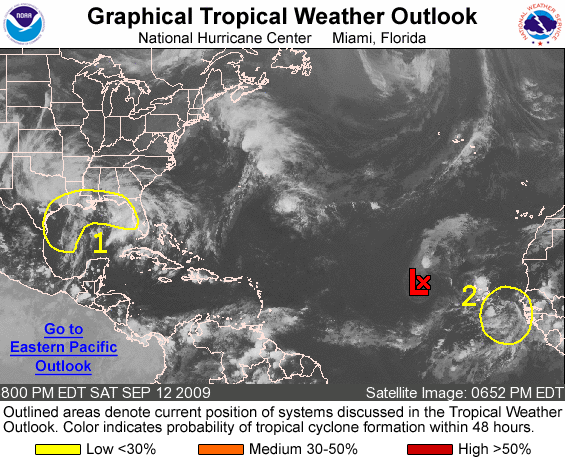
FOR THE NORTH ATLANTIC...CARIBBEAN SEA AND THE GULF OF MEXICO...

THE NATIONAL HURRICANE CENTER HAS ISSUED THE LAST ADVISORY ON FRED...WHICH IS LOCATED ABOUT 650 MILES WEST-NORTHWEST OF THE CAPE VERDE ISLANDS. ADDITIONAL INFORMATION ON THE REMNANTS OF FRED CAN BE FOUND IN HIGH SEAS FORECASTS ISSUED BY THE NATIONAL WEATHER SERVICE...UNDER AWIPS HEADER NFDHSFAT1 AND WMO HEADER FZNT01 KWBC.

1. A NON-TROPICAL AREA OF LOW PRESSURE OVER THE NORTHWESTERN GULF OF MEXICO IS MOVING SLOWLY NORTH-NORTHEASTWARD AND PRODUCING A LARGE AREA OF DISORGANIZED SHOWERS AND THUNDERSTORMS ALONG MUCH OF THE NORTHERN GULF COAST. ENVIRONMENTAL CONDITIONS ARE NOT CONDUCIVE FOR TROPICAL CYCLONE DEVELOPMENT...AND THERE IS A LOW CHANCE...LESS THAN 30 PERCENT...OF THIS SYSTEM BECOMING A TROPICAL CYCLONE DURING THE NEXT 48 HOURS. HOWEVER...THIS SYSTEM IS EXPECTED TO BRING LOCALLY HEAVY RAINS TO PORTIONS OF THE SOUTH-CENTRAL AND SOUTHEASTERN UNITED STATES OVER THE NEXT FEW DAYS. FOR ADDITIONAL INFORMATION ON THE POTENTIAL FOR HEAVY RAINFALL...SEE PRODUCTS ISSUED BY YOUR LOCAL NATIONAL WEATHER SERVICE FORECAST OFFICE.

2. A BROAD AREA OF LOW PRESSURE ASSOCIATED WITH A TROPICAL WAVE IS PRODUCING DISORGANIZED SHOWERS AND THUNDERSTORMS FROM THE WEST COAST OF AFRICA TO NEAR THE CAPE VERDE ISLANDS. ANY DEVELOPMENT OF THIS SYSTEM IS EXPECTED TO BE SLOW TO OCCUR AS IT MOVES SLOWLY WEST-NORTHWESTWARD. THERE IS A LOW CHANCE...LESS THAN 30 PERCENT ...OF THIS SYSTEM BECOMING A TROPICAL CYCLONE DURING THE NEXT 48 HOURS.

ELSEWHERE...TROPICAL CYCLONE FORMATION IS NOT EXPECTED DURING THE NEXT 48 HOURS.

FORECASTER BRENNAN